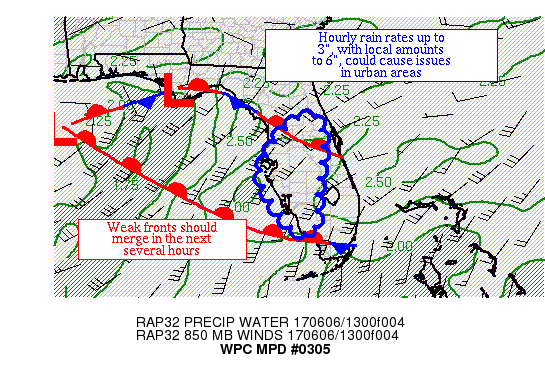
AREAS AFFECTED...PORTIONS OF WESTERN & CENTRAL FL

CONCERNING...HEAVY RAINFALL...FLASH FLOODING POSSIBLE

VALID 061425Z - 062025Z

SUMMARY...SHOWERS AND THUNDERSTORMS ARE EXPECTED TO EXPAND IN
COVERAGE DUE TO DAYTIME HEATING NEAR MERGING WARM FRONTS LIFTING
NORTHEAST ACROSS THE FL PENINSULA. HOURLY RAIN RATES UP TO 3" WITH
LOCAL AMOUNTS UP TO 6" ARE EXPECTED.

DISCUSSION...A NEW BATCH OF SHOWERS AND THUNDERSTORMS HAS RECENTLY
DEVELOPED OVER WESTERN SECTIONS OF COLLIER COUNTY AS A WEAK WARM
FRONT ACROSS THE GULF OF MEXICO MARCHES NORTHEAST.  INFLOW AT 850
HPA IS SLIGHTLY CONVERGENT OUT OF THE SOUTHWEST AT 25-30 KTS PER
VAD WIND PROFILES.  EFFECTIVE BULK SHEAR OF ~25 KTS EXISTS IN THIS
REGION, WHICH COULD HELP ORGANIZE CONVECTION MORE THAN THE USUAL
PULSE ACTIVITY SEEN ACROSS THE FL PENINSULA IN THE RAINY SEASON.
PRECIPITABLE WATER VALUES ARE AT OR ABOVE 2.25".  MLCAPES ARE
500-1500 J/KG AND RISING WHILE CIN IS REDUCING WITHIN THE AREA OF
SUNNY SKIES.

RAP FORECASTS SHOW THE WEAK GULF WARM FRONT PHASING IN WITH
ANOTHER WEAK WARM FRONT IN THE WESTERN PENINSULA WITH TIME.  NOW
THAT THE SUN IS OUT, SEA BREEZE CIRCULATIONS SHOULD AID THE
EFFICIENCY OF ANY CONVECTIVE ACTIVITY NEAR THE WEAK THERMAL/DEW
POINT BOUNDARY.  MLCAPES SHOULD RISE ANOTHER 1000 J/KG ACROSS
WEST-CENTRAL AND CENTRAL FL INTO THIS AFTERNOON.  HOURLY RAIN
RATES UP TO 3" ARE POSSIBLE WHERE CELLS MERGE OR TRAIN WITHIN THE
CONFLUENT LOW-LEVEL FLOW REGIME.  LOCAL MAXIMA UP TO 6" ARE
POSSIBLE, THOUGH SUCH MAXIMA SHOULD BE SPOTTY.  MOST OF THE
GUIDANCE THUS FAR HAS BEEN TOO FAR NORTH AND NORTHWEST WITH THE
CONVECTION OVER NORTHERN FL.  THE 00Z ARW, 06Z NAM CONEST, AND TO
SOME DEGREE THE 06Z CANADIAN REGIONAL GUIDANCE APPEAR TO HAVE THE
BEST HANDLE ON THE PRECIPITATION PATTERN EXPECTED IN THIS AREA IN
THE NEXT SEVERAL HOURS.  URBAN AREAS SHOULD SEE THE MOST
SIGNIFICANT IMPACT.  FOR RURAL AREAS/THE ORANGE GROVES OF CENTRAL
FL, THE RAINFALL WOULD BE BENEFICIAL AS THE REGION HAS BEEN IN A
SIGNIFICANT DRY SEASON-INDUCED DROUGHT.